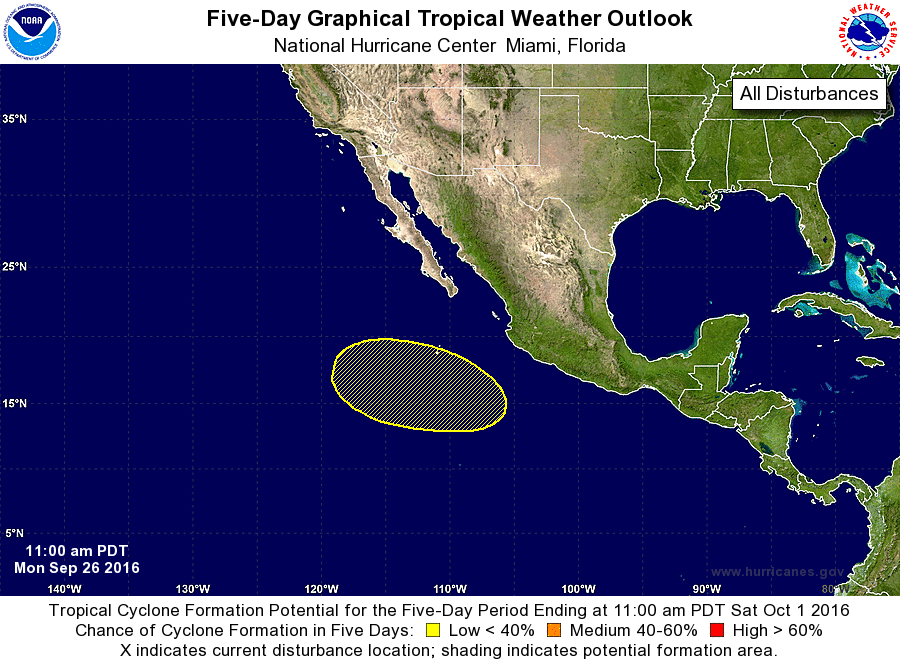
For the eastern North Pacific...east of 140 degrees west longitude:

The National Hurricane Center is issuing advisories on Tropical Storm Roslyn, located well southwest of the southern tip of the Baja California peninsula, and on newly formed Tropical Depression Nineteen-E, located well east-southeast of the Hawaiian Islands.

1. An area of low pressure could form well south of the southern tip of the Baja California peninsula in a few days. Environmental conditions are expected to be conducive for some gradual development later this week while the system moves west-northwestward.
* Formation chance through 48 hours...low...near 0 percent
* Formation chance through 5 days...low...20 percent

Public Advisories on Tropical Depression Nineteen-E are issued under WMO header WTPZ34 KNHC and under AWIPS header MIATCPEP4. Forecast/Advisories on Tropical Depression Nineteen-E are issued under WMO header WTPZ24 KNHC and under AWIPS header MIATCMEP4.

Forecaster Brown